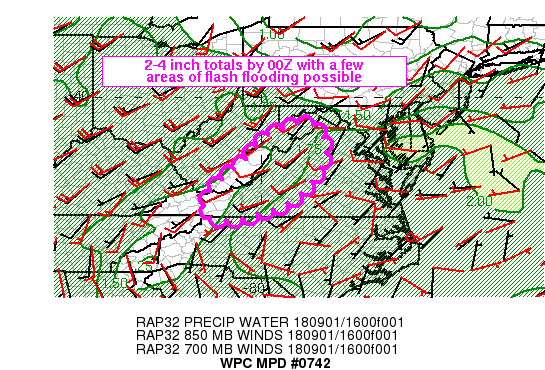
Areas affected...eastern WV into western/central VA

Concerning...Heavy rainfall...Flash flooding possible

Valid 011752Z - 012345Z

Summary...Slow moving thunderstorms will have the potential to
produce 2-4 inches a few locations from eastern WV into western
and central VA. Given low Flash Flood Guidance (FFG) values across
the region, flash flooding will be possible.

Discussion...Visible satellite and radar imagery showed scattered
thunderstorms underway across the WV/VA border as of 1730Z with a
general mean movement off toward the northeast at 10-20 kt.
Forecasts of 850-300 mb mean winds showed 10-15 kt across the
central/northern WV/VA border with flow weakening to 5-10 kt
farther south along the border by 21-00Z, indicative of slower
storm movement. Precipitable water values from 17Z were between
1.5 to 1.7 inches across the WV/VA border into central VA, but
CIRA layered PW imagery showed a deep layered connection of
moisture from the central Gulf Coast, where tropical moisture
resided, into the central Appalachians with forecasts for
increased precipitable water through 00Z approaching 2 inches in a
few locations across the Mid-Atlantic region.

Forecast RAP soundings across western VA indicate LFC-EL mean flow
of 5-10 kt which is similar to or slightly weaker than 850-700 mb
which may promote a few areas where thunderstorms can stall. 2-4
inch totals are expected in a few locations which would fall over
a 1-3 hour period. Given the high moisture environment and low FFG
values of 1.5 to 2.5 inches in 3 hours, some exceedance of FFG is
possible through the remainder of the afternoon. There will be a
near term flash flood threat across the higher terrain over the
next few hours with a localized threat into portions of
west-central VA by early evening with increasing CAPE/moisture and
slow storm motions.